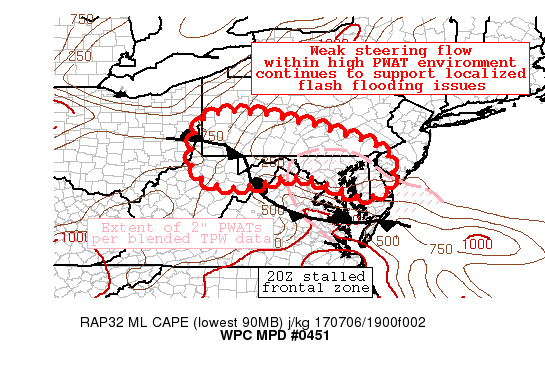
AREAS AFFECTED...SOUTHERN PA/NORTHERN WV/MD/DE/SOUTHWESTERN NJ...

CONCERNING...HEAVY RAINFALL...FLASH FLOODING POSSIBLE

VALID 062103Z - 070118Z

SUMMARY...WITHIN A SUBSTANTIAL MOISTURE PLUME STREAMING OFF THE
WESTERN ATLANTIC...CELLULAR CONVECTION HAS SHOWN A TENDENCY TO
BECOME STATIONARY ACROSS SECTIONS OF THE MID-ATLANTIC. THIS
BEHAVIOR SHOULD CONTINUE GIVEN WEAK STEERING FLOW IN CONJUNCTION
WITH HIGHLY EFFICIENT UPDRAFTS. HOURLY RAINFALL RATES SHOULD
EASILY REACH THE 1 TO 2 INCH RANGE WHICH WILL ENHANCE THE FLASH
FLOOD RISK ACROSS THE REGION.

DISCUSSION...IN SPITE OF MIXED-LAYER CAPE VALUES GENERALLY IN THE
500 TO 1000 J/KG RANGE...THE TROPICAL ENVIRONMENT HAS PROVED TO BE
MORE THAN CAPABLE OF PRODUCING SUBSTANTIAL AMOUNTS OF RAIN IN
SHORT PERIODS OF TIME. MOST SOUNDINGS ACROSS THE MPD AREA HAVE
TYPICAL CHARACTERISTICS OF HEAVY RAINFALL SIGNATURES WITH
TALL/SKINNY INSTABILITY PROFILES AND UNIDIRECTIONAL
MID/UPPER-LEVEL FLOW. FURTHER...WET BULB ZERO HEIGHTS GENERALLY
RANGE FROM 13000 TO 14000 FT INDICATING THE IMPORTANCE OF WARM
RAIN PROCESSES HERE. IN A NOWCAST SENSE...SOUTHWESTERN PA AND
WESTERN DE ARE OF THE BIGGEST CONCERN. MESOSCALE CONVERGENCE ZONES
ARE EVIDENT IN THE LOW-LEVEL WIND FIELDS SUGGESTING THESE AREAS
MAY PERSIST FOR A WHILE LONGER.

IT HAS BEEN DIFFICULT TO RELY ON ANY ONE MESOSCALE MODEL SOLUTION
GIVEN THEIR POOR PERFORMANCE IN THIS REGIME. GIVEN THE ENVIRONMENT
IN PLACE...FUTURE INSTANCES OF SLOW-MOVING CONVECTION AND
POTENTIAL FLASH FLOODING ARE POSSIBLE AS LONG AS THESE CELLS
PERSIST. CONDITIONS SHOULD BECOME LESS FAVORABLE WELL BEYOND 00Z
GIVEN THE LOSS OF HEATING. ANY RESIDUAL INSTABILITY REMAINING
COULD PROVE TO KEEP CONVECTION GOING A BIT LONGER THOUGH.